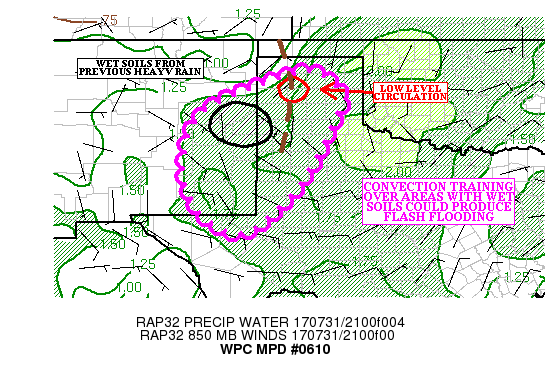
AREAS AFFECTED...EASTERN NM AND THE TX PANHANDLE...

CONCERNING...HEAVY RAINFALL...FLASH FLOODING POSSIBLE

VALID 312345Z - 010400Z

SUMMARY...CONVECTION TRAINING OVER AREAS WITH WET SOILS FROM
ROUNDS OF HEAVY RAINFALL OVER THE WEEKEND COULD RESULT IN A FLASH
FLOOD THREAT THROUGH LATE THIS EVENING.

DISCUSSION...CONVECTION CONTINUES TO FIRE ACROSS EASTERN NM AND
THE NEARBY TX PANHANDLE IN AN AXIS OF 1500 J/KG MLCAPE EXTENDING
FROM NORTHEAST NM INTO THE BIG BEND REGION OF TX. A 15 KNOT LOW
LEVEL EAST SOUTHEAST FLOW IS TRANSPORTING 1.50 TO 1.75 INCH
PRECIPITABLE WATER AIR INTO EASTERN NM... AND THE CONVECTION
FEEDING ON THE DEEPENING MOISTURE IS PRODUCING HOURLY RAINFALL
RATES OF 1.50 INCHES (PER THE KAMA RADAR) OVER QUAY AND CURRY
COUNTIES IN FAR EASTERN NM.

AS A WEAK SHORT WAVE (OR MCV) TRACKS SOUTH ACROSS THE PANHANDLE OF
TX...IT WILL SHIFT THE MID LEVEL FLOW TO MORE NORTHERLY...
ALLOWING THE CONVECTION TO TRACK ALONG THE  AXIS OF INSTABILITY
FROM FAR EASTERN NM AND THE TX PANHANDLE TOWARD THE NORTHERN BIG
BEND LATER THIS EVENING. THIS SHIFT ALLOWS THE LOW LEVEL INFLOW TO
BECOME MORE EFFECTIVE IN TRANSPORTING DEEP MOISTURE INTO THE TRACK
OF THE CONVECTION.

THE MOST RECENT RAP INDICATES THAT THE PROPAGATION VECTORS BECOME
BETTER ALIGNED WITH THE RELATIVELY WEAK 850-300 MB MEAN
WIND...WHICH WOULD PROMOTE TRAINING ALONG THE TX/NM BORDER. THE
MOST RECENT HRRR SHOWED A RIBBON OF LOCAL 2.00 TO 4.00 INCHES OF
RAINFALL WITH THE CONVECTION THAT TRACKS ACROSS EASTERN NM INTO
THE NORTHERN BIG BEND AREA. ONE AND THREE HOUR FLASH FLOOD
GUIDANCE IN PORTIONS OF THIS AREA ARE AS LOW AS 1.00 TO 1.50
INCHES...AND THE RAINFALL COULD BE ENOUGH TO INITIATE FLASH
FLOODING IN AREAS WITH WET SOILS FROM PREVIOUS ROUNDS OF HEAVY
RAINFALL THIS WEEKEND.

FURTHER NORTH ACROSS THE NORTHERN TX PANHANDLE...CIRCULATION
AROUND A LOW LEVEL CENTER COULD RESULT IN ENOUGH CONVERGENCE TO
SUPPORT CONVECTION WITH HEAVY RAINFALL HERE. AS WAS THE CASE
FURTHER SOUTH...ONE AND THREE HOUR FLASH FLOOD GUIDANCE IN
PORTIONS OF THIS AREA ARE AS LOW AS 1.00 TO 1.50 INCHES. FLASH
FLOODING IS POSSIBLE HERE AS WELL. THE THREAT COULD CONTINUE PAST
01/04Z...AS THE INSTABILITY MAY NOT YET HAVE BEEN COMPLETELY
CONSUMED ACROSS THE REGION.